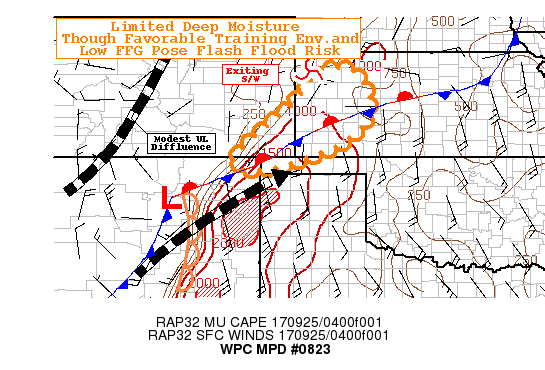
AREAS AFFECTED...SOUTHWEST KS...SOUTHEAST CO...W OK
PANHANDLE...NORTHEAST NM

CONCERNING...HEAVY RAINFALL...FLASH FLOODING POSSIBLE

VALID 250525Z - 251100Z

SUMMARY...POSSIBLE FLASH FLOODING THREAT MAY EVOLVE DUE TO
TRAINING WITH 2-3" TOTALS POSSIBLE OVER AREAS WITH SATURATED SOILS
AND LOWER FFG VALUES.

DISCUSSION...GOES-16 6.9UM AND REGIONAL RADAR MOSAIC DEPICT A
SHORTWAVE LIFTING NORTHEAST ACROSS NW KS AT THIS TIME WITH A
DRAPED TROF ANGLING BACK TOWARD SE CO GENERALLY COINCIDENT WITH
SURFACE FRONT.  CIRA LPW LOOPS AND 00Z DDC/AMA RAOBS DENOTE THE
MAIN DEEP MOISTURE AXIS IS DISPLACED WELL EAST AS MID TO UPPER
LEVEL AIR ABOVE 7H IS QUITE DRY.  EVEN THOUGH DEEP MOISTURE IS
COMPROMISED...SFC ANALYSIS DENOTES BROAD AREA OF SOUTH-SOUTHEAST
AND SOUTHEASTERLY 15-20KTS OF MID TO UPPER 60 TDS ARE CONVERGING
NEARLY ORTHOGONAL TO THE FRONTAL BOUNDARY.  THIS WHILE 850MB 30KT
SOUTHERLY LLJ WILL ALSO MAINTAIN STRONG ASCENT/MOISTURE AND
INSTABILITY ADVECTION INCREASING SOME RAINFALL EFFICIENCY.  THIS
ALLOWS FOR TPW OF UP TO 1.25"...AND LIKELY TO SUPPORT RATES TO
THAT LEVEL GIVEN AVAILABLE INSTABILITY (1000-2000 J/KG MUCAPES
FROM NM/TX BORDER TO SW KS) FOR SUSTAINING UPDRAFTS.

UPSTREAM WV DEPICTS A STRETCHED OUT POSITIVE TILT SHORTWAVE
CROSSING S CO/N NM...HELPING WITH UPPER LEVEL SHORTWAVE RIDGING
AND SLIGHTLY INCREASED DIFFLUENCE.
STRONGER MID-LEVEL INFLOW (7-5H) BACKBUILDING ALONG THE FRONTAL
BOUNDARY CAN BE EXPECTED PERHAPS AS FAR SE AS NE NM.
10.3UM CLEAR IR AND DDC/PUB RADARS SHOW THIS SOUTHEAST BUILDING
WITH GENERAL COOLING TOPS TOWARD APPROACHING CLUSTER OVER W
HARDING COUNTY NM.  WITH BACKBUILDING AND MEAN FLOW GENERALLY
PARALLEL TO THE FRONTAL BOUNDARY THERE IS AN AXIS FOR TRAINING AND
THE POTENTIAL FOR RAINFALL TOTALS OF 2-3" THROUGH 12Z...IN LINE
WITH RECENT HRRR/ESRL HRRRV3 AND 00Z ARW.  THIS MAY LEAD TO LOW
END FLASH FLOOD RISK MAINLY GIVEN THE LOW FFG VALUES IN THE
VICINITY AS WELL AS SOME LOCATIONS THROUGH WEST CENTRAL KS ALREADY
RECEIVING 1-2" THROUGH EARLIER CONVECTIVE ROUNDS.

HOWEVER...CONFIDENCE IN THIS EVOLUTION IS NOT PARTICULARLY HIGH
EVEN WITH SUPPORT OF RELIABLE GUIDANCE.  THIS IS MAINLY DUE TO THE
FACT OF THE VERY DRY AIR ALOFT AND THE POSSIBILITY OF COLD POOL
GENERATION.  RAPID COLD POOL GENERATION WILL LEAD TO OUTFLOW
BOUNDARIES THAT WILL  DISRUPT TRAINING AXIS/CORRIDOR AS CELLS
PROPAGATE EAST OR SOUTHEAST LIMITING THE TOTALS AND OBVIOUSLY
FLOODING RISK.